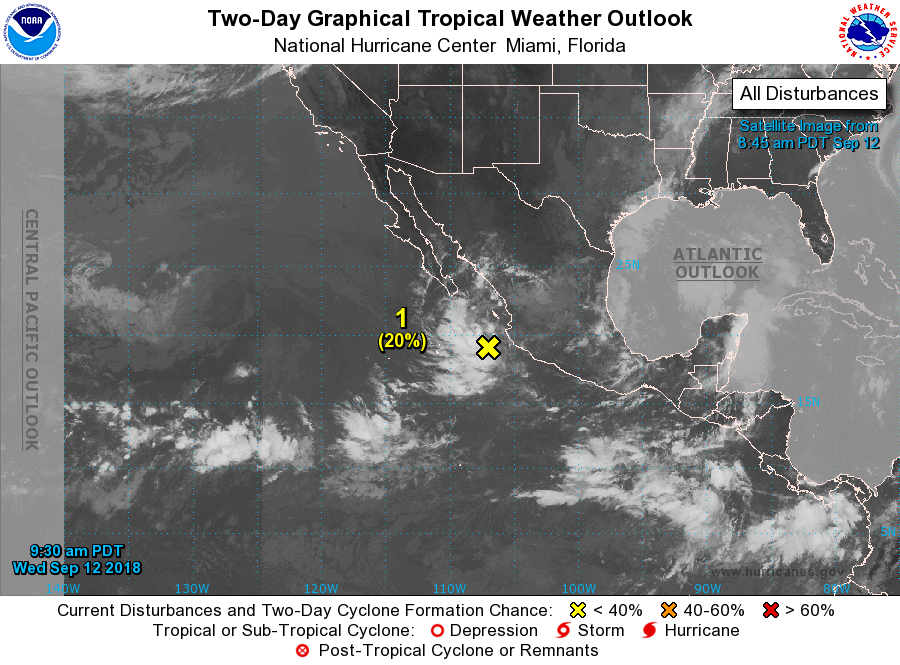
For the eastern North Pacific...east of 140 degrees west longitude:

The National Hurricane Center has issued the last advisory on Post-Tropical Cyclone Paul, located more than 1000 miles west of the southern tip of the Baja California peninsula.

1. A trough of low pressure continues to produce disorganized showers and thunderstorms extending several hundred miles west of the west-central coast of Mexico. Any significant organization of this system is likely to be slow to occur while the system drifts southwestward over the next couple of days before upper-level winds become unfavorable for development.
* Formation chance through 48 hours...low...20 percent.
* Formation chance through 5 days...low...20 percent.

2. An area of low pressure is expected to develop well south of the southwestern coast of Mexico in a few days. Some gradual development is possible after that time while the system moves generally westward to west-northwestward.
* Formation chance through 48 hours...low...near 0 percent.
* Formation chance through 5 days...low...30 percent.

For additional information on Post-Tropical Cyclone Paul, please see High Seas Forecasts issued by the National Weather Service, under AWIPS header NFDHSFEPI, WMO header FZPN02 KWBC, and on the web at https://ocean.weather.gov/shtml/NFDHSFEPI.shtml.

Forecaster Blake